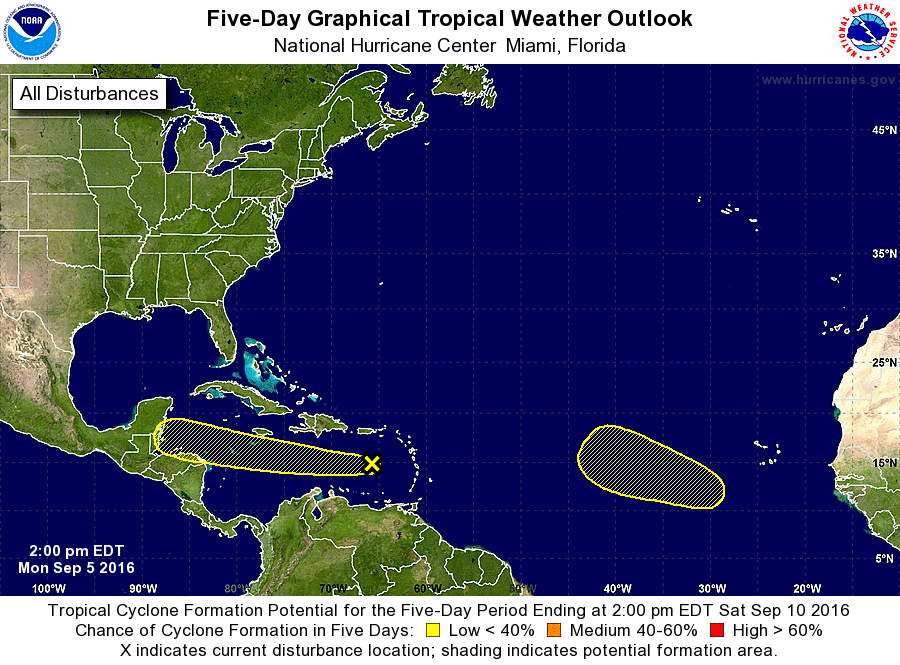
For the North Atlantic...Caribbean Sea and the Gulf of Mexico:

The National Hurricane Center is issuing advisories on Post-Tropical Cyclone Hermine, located off of the mid-Atlantic coast of the United States.

1. Shower and thunderstorm activity associated with a tropical wave located over eastern Caribbean remains disorganized. Although strong winds, possibly to tropical storm force, could still be occurring in association with this system, development of the wave is unlikely while it moves westward across the Caribbean Sea for most of this week. This disturbance could produce periods of locally heavy rainfall and gusty winds over portions of the Lesser Antilles today, and over Puerto Rico and Hispaniola later today and on Tuesday. Upper-level winds could become a little more conducive for development when the wave approaches the Yucatan peninsula late this week.
* Formation chance through 48 hours...low...near 0 percent
* Formation chance through 5 days...low...20 percent

2. A low pressure area associated with a tropical wave is expected to form several hundred miles southwest or west-southwest of the Cabo Verde Islands late this week. Environmental conditions appear conducive for slow development of this system after that time while the system moves west-northwestward into the central tropical Atlantic.
* Formation chance through 48 hours...low...near 0 percent
* Formation chance through 5 days...low...30 percent

Forecaster Kimberlain